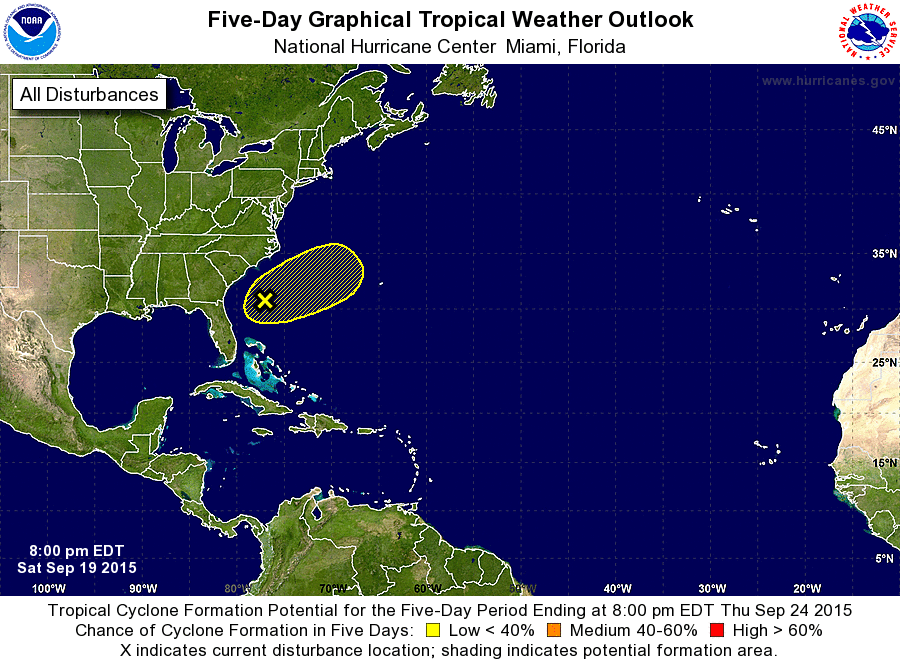
For the North Atlantic...Caribbean Sea and the Gulf of Mexico:

The National Hurricane Center is issuing advisories on Tropical Storm Ida, located about a thousand miles west of the Cape Verde Islands, and has issued the last advisory on Tropical Depression Nine.

1. A broad area of low pressure located about 275 miles off the northeast coast of Florida is gradually moving toward the northeast away from the southeastern United States. This low has not shown any indications of acquiring tropical or subtropical characteristics, and the environmental conditions are becoming a little less favorable for development. However, an Air Force Reserve Hurricane Hunter aircraft is still scheduled to investigate this system tomorrow, if necessary. For more information on this low, see High Seas Forecasts issued by the National Weather Service.
* Formation chance through 48 hours...low...10 percent
* Formation chance through 5 days...low...20 percent

High Seas Forecasts issued by the National Weather Service are available under AWIPS header NFDHSFAT1, WMO header FZNT01 KWBC, and on the Web at http://www.opc.ncep.noaa.gov/shtml/NFDHSFAT1.shtml.

Forecaster Avila